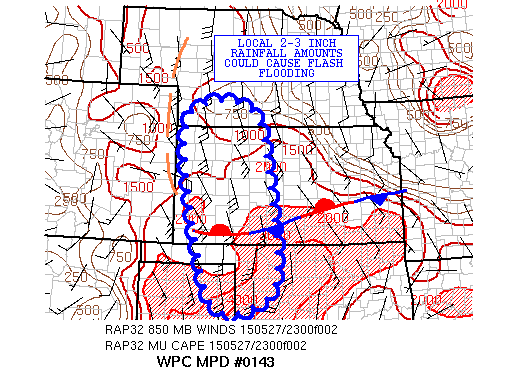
AREAS AFFECTED......WESTERN KS/WESTERN OK/FAR NORTH TX...

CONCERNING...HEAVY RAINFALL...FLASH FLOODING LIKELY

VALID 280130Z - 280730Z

SUMMARY...SLOW MOVING CONVECTION IS EXPECTED TO CAUSE FLASH
FLOODING ACROSS PORTIONS OF WESTERN KS/WESTERN OK AND FAR NORTH TX
INTO THE EARLY MORNING HOURS.

DISCUSSION...SLOW MOVING CONVECTION APPEARS TO BE GETTING BETTER
ORGANIZED AS IT MOVES SLOWLY EAST ACROSS WESTERN KS/WESTERN OK. IR
CLOUD TOP TEMPERATURES HAVE DROPPED TO NEAR -70 C OVER WESTERN
KS...AND 00Z MODEL SOUNDINGS FROM DDC AND OUN SHOWED SBCAPE VALUES
BETWEEN 2500 AND 3500 J/KG. REGIONAL VWP SHOWED A SOUTH SOUTHEAST
INFLOW OF 25 TO 35 KNOTS TRANSPORTING 1.25 INCH PRECIPITABLE WATER
VALUES ALONG AN AXIS FROM NORTHWEST KS THROUGH WESTERN OK. THE
COMBINATION OF MOISTURE AND INSTABILITY WILL CONTINUE TO FEED THE
SLOW MOVING CONVECTION IN THE EARLY MORNING HOURS.

KDDC RADAR INDICATED HOURLY RAINFALL RATES OVER 2 INCHES (THOUGH
THIS IS LIKELY HAIL CONTAMINATED)...AND GIVEN THE MOISTURE SOURCE
REMAINS IN PLACE...LOCAL 2 TO 3 INCH RAINFALL AMOUNTS ARE
POSSIBLE. THESE AMOUNTS ARE SUPPORTED BY THE LATEST HRRR...AS WELL
AS THE 18Z REGIONAL GEM AND 12Z NSSL WRF.

CELL MOTION IS EXPECTED TO REMAIN SLOW...AS CORFIDI VECTORS BECOME
ALMOST OPPOSED TO THE LOW LEVEL INFLOW. THE SLOW CELL MOTION...
STRONG INSTABILITY AND HIGH MOISTURE CONTENT AIR IS EXPECTED TO
CAUSE FLASH FLOODING THROUGH AT LEAST 07Z.